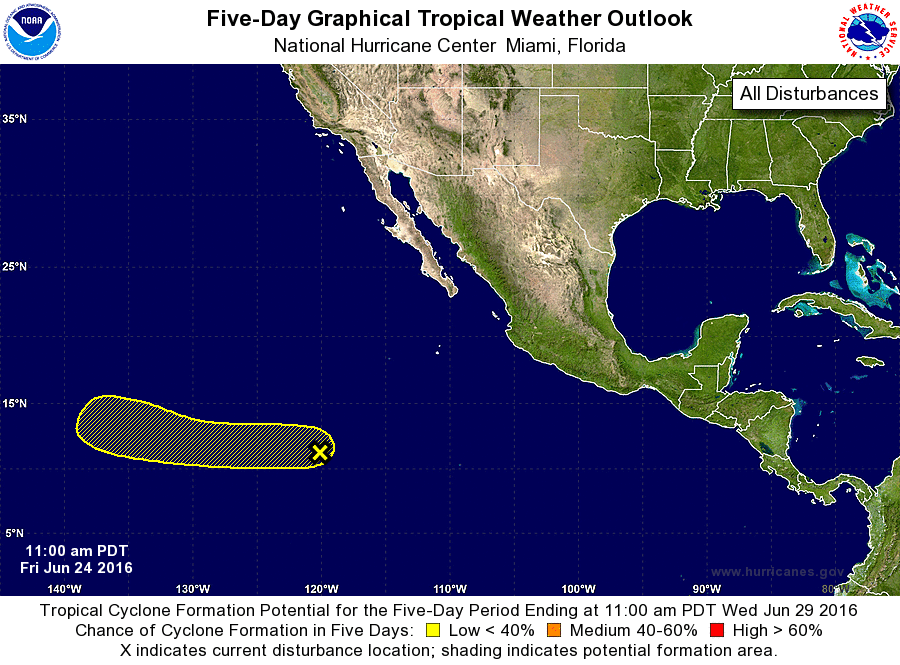
For the eastern North Pacific...east of 140 degrees west longitude:

1. A broad area of low pressure has formed about 1050 miles southwest of the southern tip of the Baja California peninsula. Environmental conditons are expected to become somewhat conducive for slow development of this system early next week while the low moves to the west or west-northwest at about 10 mph.
* Formation chance through 48 hours...low...10 percent
* Formation chance through 5 days...low...30 percent

Forecaster Blake